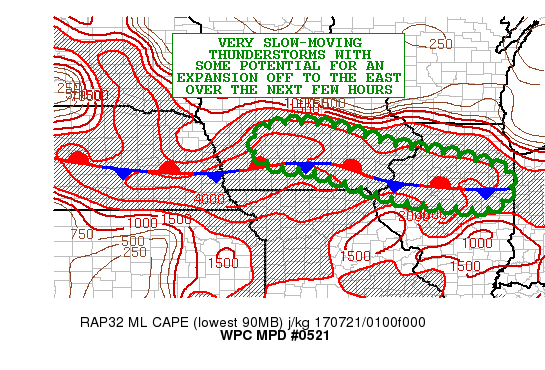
AREAS AFFECTED...CENTRAL/EASTERN IA...WESTERN/CENTRAL IL

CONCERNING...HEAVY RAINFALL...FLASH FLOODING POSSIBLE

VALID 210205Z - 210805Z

SUMMARY...VERY SLOW-MOVING AND BACKBUILDING THUNDERSTORMS MAY
ORGANIZE FURTHER AND EXPAND IN COVERAGE OFF TO THE EAST OVER THE
NEXT FEW HOURS. FLASH FLOODING WILL BE POSSIBLE.

DISCUSSION...VERY COLD-TOPPED CONVECTION HAS FORMED ALONG AND JUST
NORTH OF A QUASI-STATIONARY FRONT STRETCHING W/E FROM EASTERN NE
THROUGH SOUTHERN IA AND INTO CENTRAL IL. THE FRONT ALSO REPRESENTS
A SHARP INSTABILITY GRADIENT WITH A VERY UNSTABLE AIRMASS POOLED
ALONG THE BOUNDARY. MEANWHILE...PLENTY OF MOISTURE IS IN PLACE
WITH PWATS NEAR 2 INCHES AND SUPPORTED BY VERY HIGH SURFACE
DEWPOINTS RANGING FROM THE MID 70S TO THE LOW 80S.

THERE IS RATHER SIGNIFICANT DISAGREEMENT OUT OF THE HIRES MODELS
WITH HOW THIS CONVECTION WILL EVOLVE OVERNIGHT AS THE 12Z ARW
SHOWS VERY LITTLE ACTIVITY ACROSS THE MPD THREAT AREA THROUGH
06Z...AND THE 12Z NMMB SUGGESTS ANY CONVECTION SHOULD ALREADY BE
FOCUSING FARTHER EAST ACROSS PARTS OF WESTERN/CENTRAL IL. THE
BETTER PERFORMING GUIDANCE APPEARS OVERALL TO BE THE MOST RECENT
HRRR GUIDANCE AND THE 12Z NSSL-WRF...BUT THEY APPEAR TO BE
UNDERDONE WITH THEIR QPF AMOUNTS AND DOWNPLAYING THE POTENTIAL
OVERNIGHT ACROSS PARTS OF WESTERN/CENTRAL IL DOWNSTREAM OF THE
ACTIVITY IN CENTRAL/EASTERN IA. ALREADY SOME OF THE CONVECTION HAS
PRODUCED LOCALLY SEVERAL INCHES OF RAIN AS PER DUAL-POL ESTIMATES.

THE FORCING FOR THE CURRENT ACTIVITY APPEARS TO BE TIED INTO A
VERY SUBTLE/COMPACT MID LEVEL VORT THAT EJECTED EAST OUT OF
CENTRAL/EASTERN NE OVER THE LAST FEW HOURS AND IS INTERACTING WITH
THE SURFACE CONVERGENCE AND VERY STRONG INSTABILITY AXIS/GRADIENT
ALONG THE FRONTAL ZONE.

THIS ENERGY SHOULD MOVE EAST AND ALLOW FOR AT LEAST SOME INCREASED
CONVECTIVE POTENTIAL FOR MORE AREAS OF EASTERN IA AND GRADUALLY
INTO WESTERN/CENTRAL IL. VERY INTENSE RAINFALL RATES OF 2 TO 3
INCHES/HR WILL BE POSSIBLE GIVEN THE VERY HIGH LEVEL OF
INSTABILITY AND DEEP MOISTURE PROFILES. SEVERAL OVERSHOOTING TOPS
ALREADY ONGOING WITH THE CURRENT ACTIVITY WILL ONLY ENHANCE RATES
FURTHER. THE POTENTIAL IS IN PLACE FOR A MORE ORGANIZED CONVECTIVE
EVOLUTION WITH LOCALIZED 5+ INCH AMOUNTS WHICH WILL BE CAPABLE OF
PRODUCING FLASH FLOODING. WILL CONTINUE TO MONITOR THESE TRENDS
OVERNIGHT.